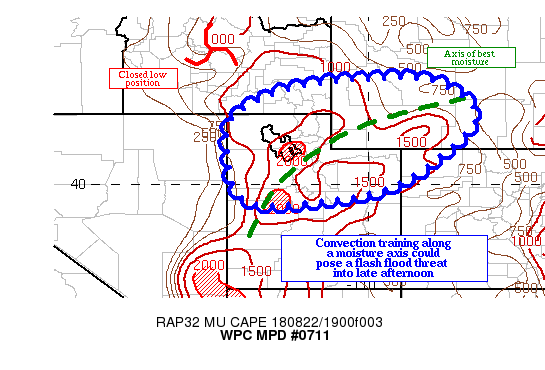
Areas affected...Northern UT into western WY

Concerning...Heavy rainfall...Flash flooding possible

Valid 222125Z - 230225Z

Summary...Convection training along a moisture axis extending from
northern UT into southwest WY could pose a flash flood threat into
the late afternoon.

Discussion...Regional radars indicated an increase in convective
coverage this afternoon across northern UT into southwest WY. The
storms are developing in an axis of 1500-2000 J/KG of MLCAPE...as
the last of the low level CIN is wiped out. Upper level divergence
ahead of a closed low over southern ID is allowing the storms to
develop rapidly, and dry air in the mid levels (as seen on recent
HRRR soundings)...as well as HCA products from KMTX...indicated
the presence of hail.

The storms are aligned with a moisture axis extending from central
and northern UT into western WY...where precipitable water values
are topping out between 0.75/1.00  inches. While the KMTX radar
has shown hourly rainfall rates nearing 1.50 inches...it is likely
that these totals are hail contaminated.

The storms are also aligning with the 850-300 mb winds, and this
could result in training...especially over northern UT.  Training
could pose a flash flood threat into the late afternoon as the
mean wind  becomes aligned with the propagation vectors. The most
recent HRRR suggests that rainfall amounts will remain below an
inch with this activity...but the 12z WRF ARW indicated the
potential for local 1.00-2.00 inch rainfall amounts over northern
UT into southwest WY.

Three hour flash flood guidance is generally around 2.00
inches...so training would be required to initiate flash flooding.
While the storms could remain wind/hail dominated, the combination
of a moistening column and training pose a flash flood threat.
Because of the scattered nature of the convection...flash flooding
is only considered possible.